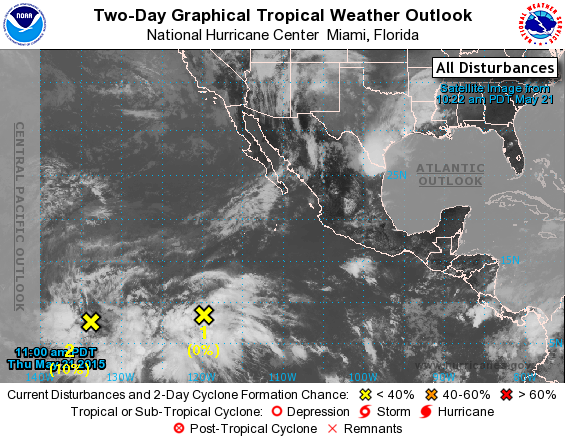
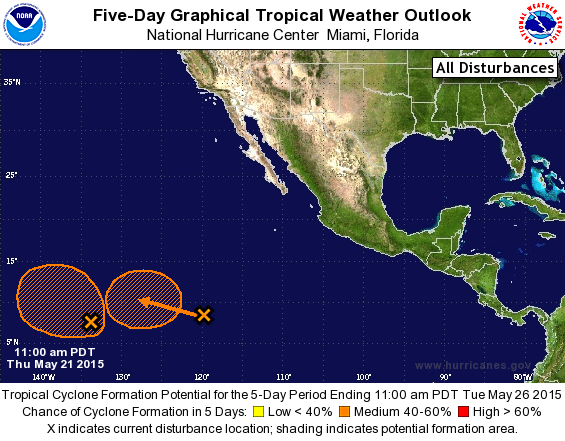
For the eastern North Pacific...east of 140 degrees west longitude:

1. A tropical wave located about 1200 miles south-southwest of the southern tip of Baja California is producing a large area of disorganized cloudiness and showers. This system has changed little in organization since yesterday, and environmental conditions are currently not conducive for development. However, they are expected to become conducive for some slow development over the weekend.
* Formation chance through 48 hours...low...near 0 percent
* Formation chance through 5 days...medium...40 percent

2. An area of low pressure has developed about 2000 miles southwest of the southern tip of Baja California. Environmental conditions are expected to be conducive for gradual development of the system during the next several days while the low moves slowly northwestward.
* Formation chance through 48 hours...low...near 10 percent
* Formation chance through 5 days...medium...50 percent

Forecaster Beven